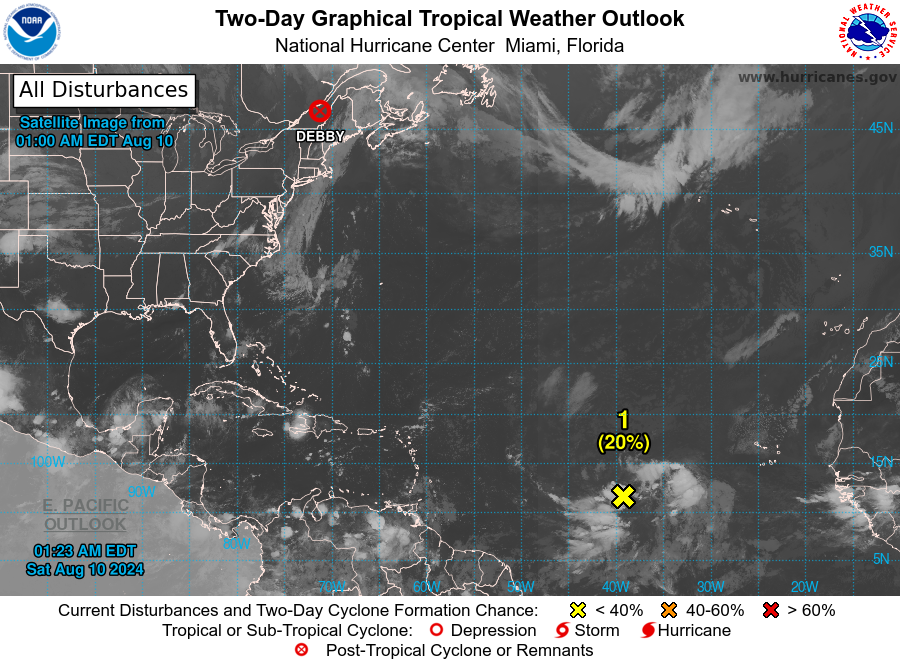
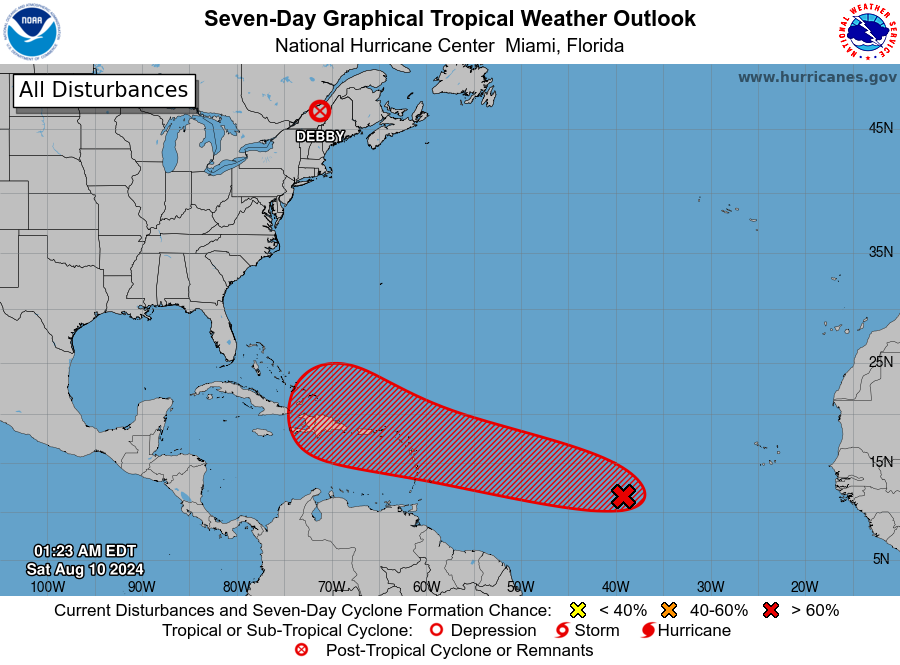
For the North Atlantic...Caribbean Sea and the Gulf of Mexico:

Active Systems: The Weather Prediction Center has issued the final advisory on Post-Tropical Cyclone Debby, located inland over Quebec, Canada.

1. Near the Lesser and Greater Antilles: Shower and thunderstorm activity has increased some in association with a tropical wave located roughly halfway between the Cabo Verde Islands and the Lesser Antilles. Gradual development of this system is possible during the next couple of days while it moves westward to west-northwestward across the central tropical Atlantic. Afterwards, conditions are expected to become more conducive for development and a tropical depression is likely to form by the early to mid part of next week while the system approaches and then moves near or over the Lesser Antilles. The system is forecast to continue moving generally west-northwestward and could approach portions of the Greater Antilles by the middle to latter part of next week.
* Formation chance through 48 hours...low...20 percent.
* Formation chance through 7 days...high...80 percent.

Forecaster Papin